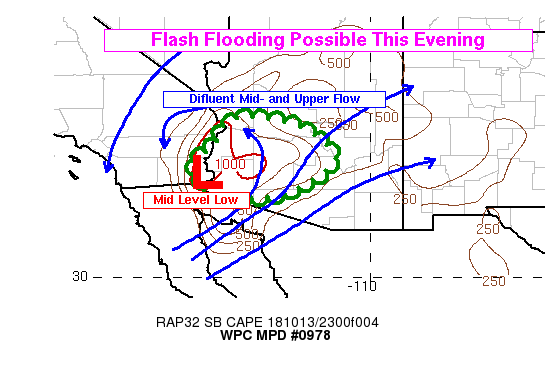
Areas affected...Arizona

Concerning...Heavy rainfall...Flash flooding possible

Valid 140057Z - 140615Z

Summary...Additional showers and thunderstorms capable of
producing heavy to possibly excessive rainfall will re-develop
over Arizona this evening in response to highly difluent flow
around a mid- and upper-level low. Localized rainfall rates of an
inch per hour possible which could lead to flash flooding.

Discussion...A well-defined mid-latitude cyclone was situated over
the Desert Southwest near the International Border.  in the
general vicinity of the Lower Colorado River Valley. The low
remains quite evident on GOES-16 water vapor imagery as was the
highly diffluent flow to the east.  This diffluent flow was
sustaining one area of rain over central Arizona which was moving
north and east.  This area appears to be moving out of the best
instability which should gradually lead to decreasing rainfall
rates.

However, additional convection has started to develop back near
the center of the upper level system where the combination of
colder mid/upper level temperatures and afternoon heating has
steepened lapse rates and resulted in Surface Based CAPE values in
excess of 1000 J per kg.  VWPs from the KIWA and TPHX radars
continue to show southeasterly low level flow feeding into the
area where convection has been growing early this evening.

The cumulative effect of persistent rain with occasionally heavy
rain bands looks to be enough to continue the risk of heavy to
possibly excessive rainfall over the Sonoran Desert region of
southern and southwest Arizona. Recent runs of the HRRR and the
RAP attempt to focus heaviest rainfall in this area with the RAP
indicating that the area of SB CAPE in excess of 1000 J per kg
moving east through the evening.